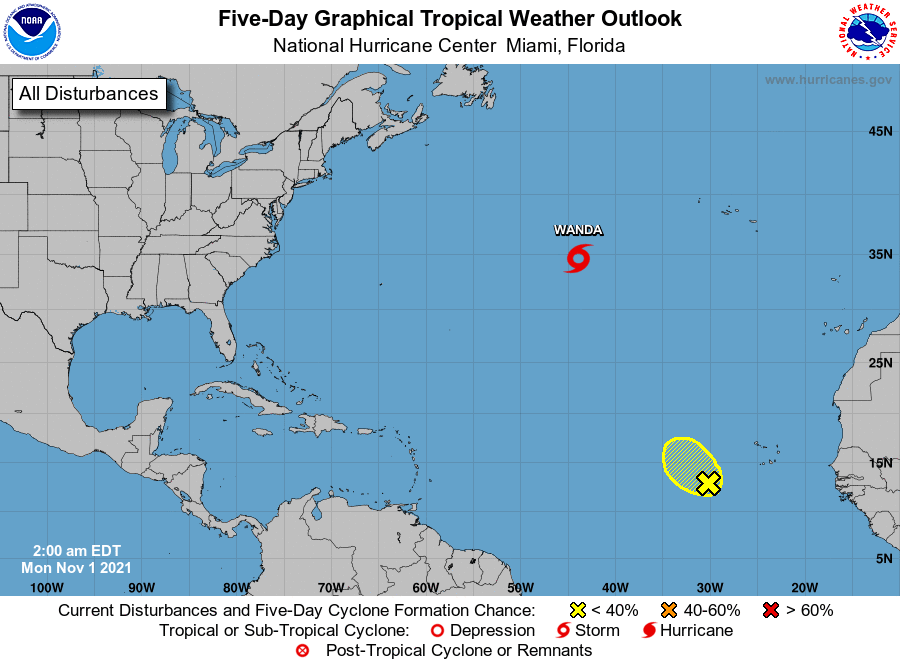
For the North Atlantic...Caribbean Sea and the Gulf of Mexico:

The National Hurricane Center is issuing advisories on Subtropical Storm Wanda, located about 960 miles west of the Azores.

1. A broad area of low pressure located several hundred miles west-southwest of the Cabo Verde Islands is producing disorganized shower activity. This system is moving into an area of less conducive upper-level winds, and the chances of tropical cyclone development are decreasing.
* Formation chance through 48 hours...low...20 percent.
* Formation chance through 5 days...low...20 percent.

Forecaster Beven